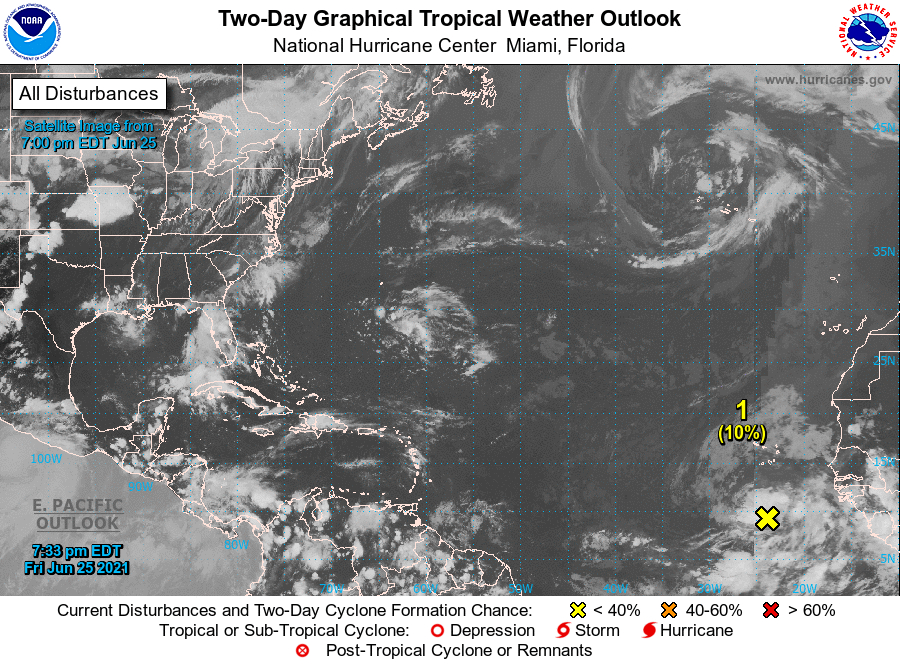
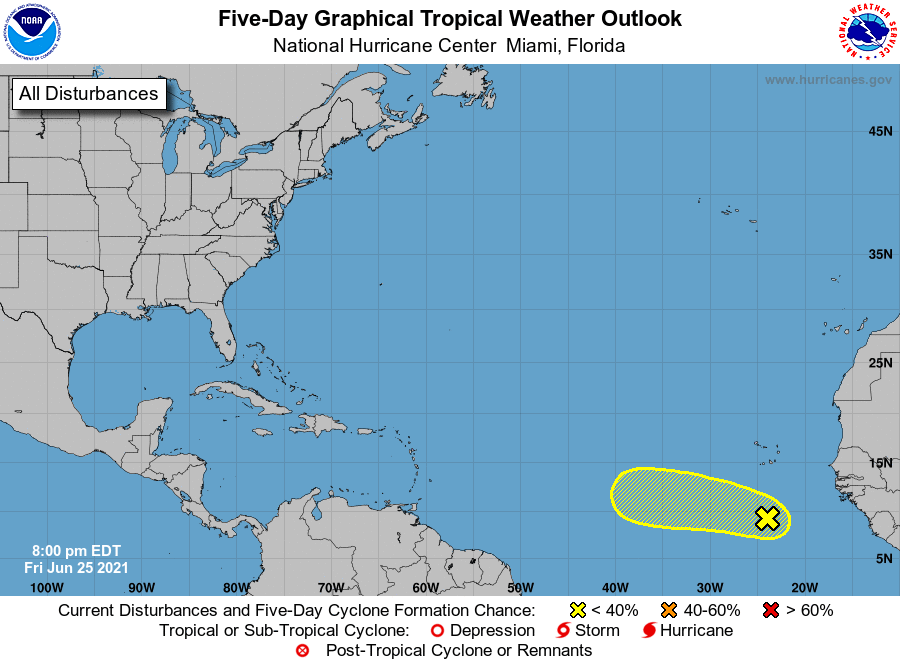
For the North Atlantic...Caribbean Sea and the Gulf of Mexico:

1. A tropical wave over the eastern tropical Atlantic Ocean is producing a large area of disorganized showers and thunderstorms well south of the Cabo Verde Islands. The wave is expected to move westward at 15 to 20 mph through the weekend over cooler waters that are located in the central tropical Atlantic, and therefore any development of this system should be slow to occur.
* Formation chance through 48 hours...low...10 percent.
* Formation chance through 5 days...low...10 percent.

Forecaster Berg